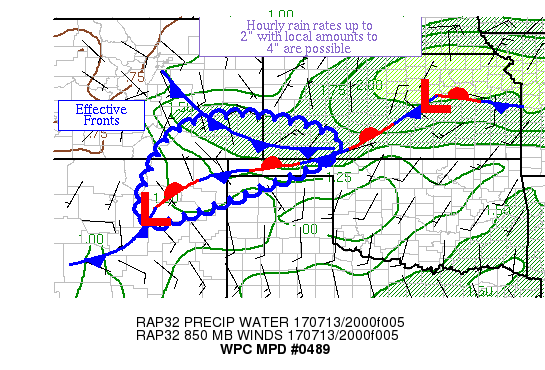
AREAS AFFECTED...PORTIONS OF THE SOUTHERN HIGH PLAINS

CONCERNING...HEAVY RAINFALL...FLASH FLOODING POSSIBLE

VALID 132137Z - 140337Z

SUMMARY...THUNDERSTORMS ARE CONGEALING NORTH OF A WAVE OF LOW
PRESSURE IN NORTHEAST NM.  HOURLY RAIN RATES UP TO 2" WITH LOCAL
AMOUNTS TO 4" ARE POSSIBLE.

DISCUSSION...A MID-LEVEL LOW NEAR THE FOUR CORNERS IS ENHANCING
DIVERGENCE ALOFT IN AN AREA OF BROADENING CONVECTION IN NORTHEAST
NM.  INFLOW AT 850 HPA IS 15-20 KTS FROM THE SOUTH-SOUTHEAST,
NEARLY TRIPLE THE MEAN 850-400 HPA WIND.  EFFECTIVE BULK SHEAR IN
THE AREA IS NEAR 20 KTS.  PRECIPITABLE WATER VALUES ARE 1.25-1.5"
PER RAP ANALYSES.  ML CAPE VALUES ARE 500-1500 J/KG IN THIS
REGION.

THE EXPECTATION IS FOR CONVECTION TO MOVE EAST-NORTHEAST AT ~10
KTS.  THE SURFACE BOUNDARY IN THE REGION IS EXPECTED TO SHIFT
SOUTHWARD.  HOWEVER, CIN REDEVELOPING IN A FEW HOURS COULD ALLOW
FOR SOME CONVECTIVE ELEVATION THIS EVENING.  INFLOW AT 850 HPA IS
EXPECTED TO RAMP UP AFTER 01Z, WHICH COULD LEAD TO CONVECTIVE
EXPANSION AND A PERIOD OF BACKBUILDING WITHIN THE WEAK FLOW
REGIME.  THE MESOSCALE GUIDANCE IN GENERAL IS TOO FAR NORTH WITH
THIS ACTIVITY, SO ADJUSTED THEIR SOLUTIONS SOUTHWARD IN CREATING
THE MPD AREA.  BECAUSE OF THIS, IT IS UNCLEAR WHETHER OR NOT THE
CONVECTION WILL WIPE OUT THE INSTABILITY POOL BY THIS EVENING.
USED THE COL POINT IN THE LOW-LEVEL FLOW BETWEEN THE NM WAVE AND
THE KS WAVE FOR THE EASTWARD EXTENT OF THE MPD.  HOURLY RAIN RATES
UP TO 2", WITH SPOTTY LOCAL MAXIMA TO 4", ARE POSSIBLE WHERE CELLS
MERGE AND/OR BACKBUILD.